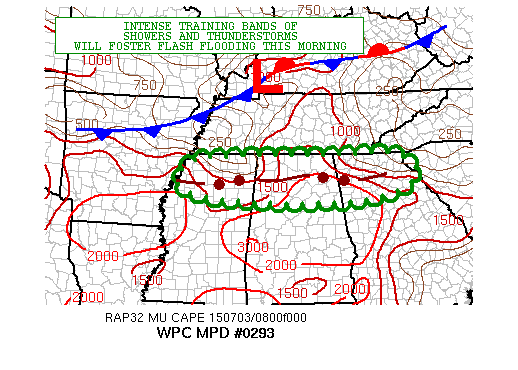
AREAS AFFECTED...NORTHERN MS...NORTHERN AL...NORTHERN GA

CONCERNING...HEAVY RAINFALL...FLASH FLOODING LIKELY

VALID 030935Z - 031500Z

SUMMARY...TRAINING SHOWERS AND THUNDERSTORMS WILL CONTINUE OVER
THE NEXT FEW HOURS WHICH WILL FAVOR ADDITIONAL FLASH FLOODING.

DISCUSSION...THE LATEST IR SATELLITE IMAGERY SHOW COLD-TOPPED
CONVECTION ORIENTED W/E ACROSS NORTHERN MS AND NORTHERN AL AT THIS
TIME AND THERE ARE CONCERNS THAT THIS SET-UP WILL CONTINUE OVER
THE NEXT FEW HOURS GOING PASSED SUNRISE. THE CONVECTION IS BEING
AIDED BY A SHORTWAVE TROUGH AND ASSOCIATED AREA OF LOW PRESSURE
MOVING THROUGH THE OH VALLEY WHICH IS INTERACTING WITH A POOL OF
DEEP TROPICAL MOISTURE AND AT LEAST A MODEST AXIS OF INSTABILITY.

VAD WIND PROFILER DATA SHOWS A RATHER UNIDIRECTIONAL FLOW PATTERN
IN THE 925MB TO 500MB LAYER...AND THIS IS ALLOWING FOR THE
DEVELOPING CONVECTION OVER ESPECIALLY NORTHERN MS AND NORTHERN AL
TO HAVE IDEAL CONDITIONS FOR TRAINING. THE PWATS ACROSS THE REGION
AS PER GOES-SOUNDER DATA ARE NEAR 2 INCHES WHICH IS FAVORING
EXTREMELY HIGH RAINFALL RATES. THE 00Z ARW AND 00Z NMMB ALONG WITH
THE LATEST HRRR SUGGESTS A CONTINUATION OF W/E ORIENTED CONVECTIVE
BANDS IMPACTING THE REGION THROUGH THE MID TO LATE-MORNING
HOURS...ALTHOUGH THE ARW AND NMMB ARE LIKELY A TAD TOO FAR NORTH
WITH THEIR AXIS...AND ALSO UNDERDOING THE RAINFALL POTENTIAL OVER
PORTIONS OF NORTHERN AL AND NORTHERN GA.

ADDITIONAL RAINFALL AMOUNTS OF 2 TO 4 INCHES WITH ISOLATED HEAVIER
AMOUNTS EXCEEDING 5 INCHES CANNOT BE RULED OUT THROUGH MID TO LATE
MORNING. GIVEN EARLIER HEAVY RAINS...SOIL CONDITIONS ARE BECOMING
QUITE MOIST IF NOT ALREADY SATURATED...AND THEREFORE THE RISK OF
FLASH FLOODING IS BECOMING INCREASINGLY ELEVATED.